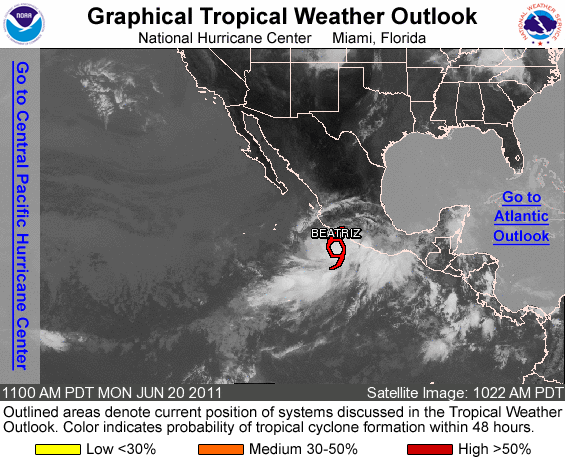
FOR THE EASTERN NORTH PACIFIC...EAST OF 140 DEGREES WEST LONGITUDE..

THE NATIONAL HURRICANE CENTER IS ISSUING ADVISORIES ON TROPICAL STORM BEATRIZ...LOCATED ABOUT 175 MILES SOUTH-SOUTHEAST OF MANZANILLO MEXICO.

ELSEWHERE...TROPICAL CYCLONE FORMATION IS NOT EXPECTED DURING THE NEXT 48 HOURS.

FORECASTER BRENNAN